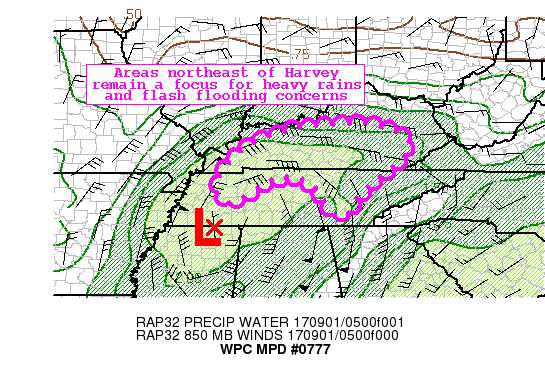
AREAS AFFECTED...WESTERN AND CENTRAL KY...WESTERN AND MIDDLE TN

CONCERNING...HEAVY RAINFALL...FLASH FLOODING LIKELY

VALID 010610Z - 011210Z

SUMMARY...THE CENTER OF HARVEY CONTINUES TRACK SLOWLY TO THE
NORTHEAST ACROSS NORTHERN MS TOWARD WESTERN TN...WITH AREAS TO THE
NORTHEAST OF THE CENTER REMAINING A FOCUS FOR HEAVY RAIN AND FLASH
FLOODING CONCERNS.

DISCUSSION...AS HARVEY TRACKS SLOWLY TO THE NORTHEAST ACROSS
NORTHERN MS TOWARD WESTERN TN THIS MORNING...40-50 KT LOW LEVEL
WINDS EAST AND NORTH OF THE CENTER CONTINUE TO CHANNEL MARITIME
TROPICAL AIR TO THE NORTH INTO THE TN VALLEY AND THEN BACK TO THE
WEST INTO INTO WESTERN TN AND KY...WITH PWS AT OR ABOVE 2 INCHES
ACROSS WESTERN AND MIDDLE TN INTO PORTIONS OF THE WESTERN KY.
THIS MOISTURE CONTINUES TO MOVE INTO A REGION OF STRONGER LIFT
ASSOCIATED WITH THE RIGHT-ENTRANCE REGION OF AN UPPER JET STREAK
CENTERED OVER THE NORTHEASTERN U.S.  THIS DYNAMIC SUPPORT ALONG
WITH SUSTAINED STRONG LOW LEVEL INFLOW AND FAVORABLE THERMODYNAMIC
PROFILES WILL CONTINUE TO GENERATE HEAVY RAINFALL AMOUNTS
NORTHEAST OF THE CENTER.

THE LATEST HI-RES MODEL CONSENSUS...INCLUDING RECENT RUNS OF THE
HRRR...SHOW WIDESPREAD 1-2 INCH ACCUMULATIONS...WITH LOCALLY
HEAVIER TOTALS FOR THE 6-HR PERIOD ENDING AT 12 UTC.  THE HEAVIEST
TOTALS ARE EXPECTED TO CENTER FROM WESTERN INTO CENTRAL KY...WHERE
SOME MODELS SHOW ACCUMULATIONS AS HIGH AS 6 INCHES.